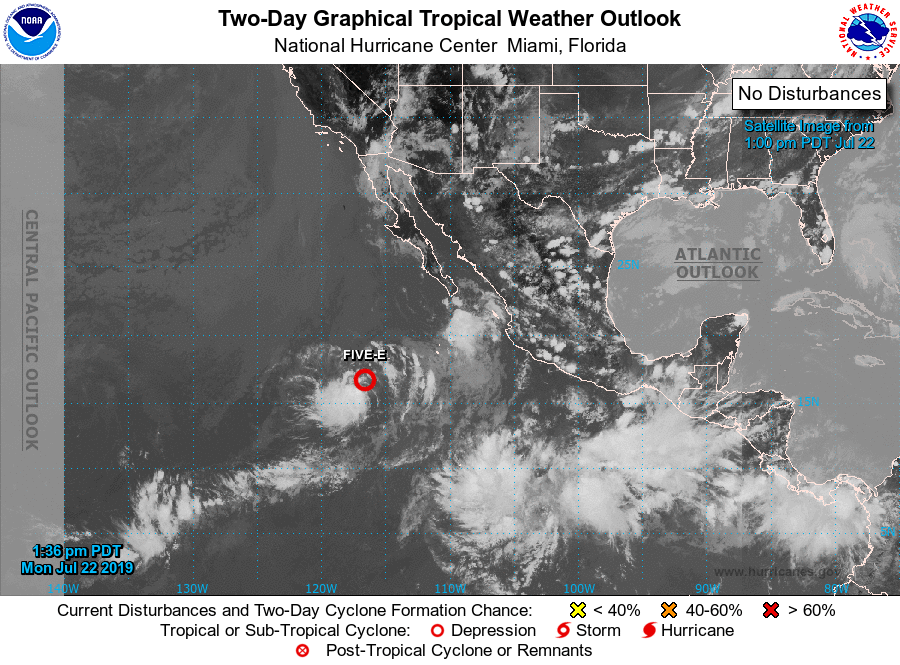
For the eastern North Pacific...east of 140 degrees west longitude:

The National Hurricane Center is issuing advisories on Tropical Depression Five-E, located several hundred miles southwest of the southern tip of the Baja California peninsula.

1. An area of low pressure is expected to form late this week a few hundred miles south of the coast of southern Mexico. Conditions appear favorable for some development of this system this weekend while it moves westward at 15 to 20 mph.
* Formation chance through 48 hours...low...near 0 percent.
* Formation chance through 5 days...low...20 percent.

Public Advisories on Five-E are issued under WMO header WTPZ35 KNHC and under AWIPS header MIATCPEP5. Forecast/Advisories on Five-E are issued under WMO header WTPZ25 KNHC and under AWIPS header MIATCMEP5.

Forecaster Latto/Pasch